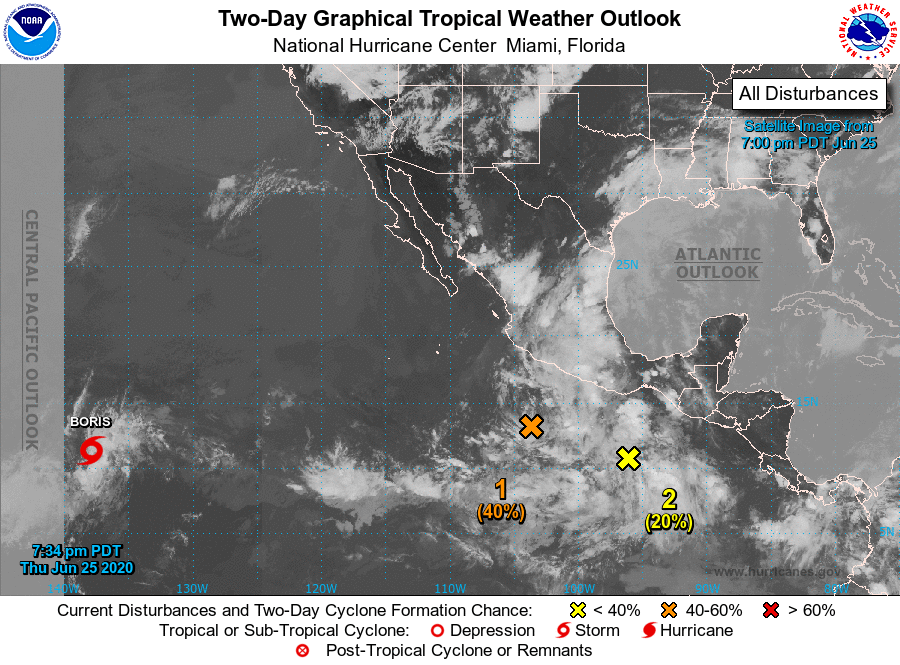
For the eastern North Pacific...east of 140 degrees west longitude:

The National Hurricane Center is issuing advisories on recently upgraded Tropical Storm Boris, located about 2000 miles west-southwest of the southern tip of the Baja California peninsula.

1. Showers and thunderstorms associated with a broad area of low pressure located a few hundred miles south of the southwestern coast of Mexico remain disorganized. Environmental conditions are forecast to be conducive for some development, and the system could become a tropical depression within the next couple of days while it moves west-northwestward parallel to the coast of Mexico.
* Formation chance through 48 hours...medium...40 percent.
* Formation chance through 5 days...medium...40 percent.

2. A large area of disturbed weather is located south of the Gulf of Tehuantepec. Gradual development of this system is possible over the next several days while it moves west-northwestward parallel to the coast of Mexico.
* Formation chance through 48 hours...low...near 20 percent.
* Formation chance through 5 days...medium...40 percent.

Forecaster Pasch